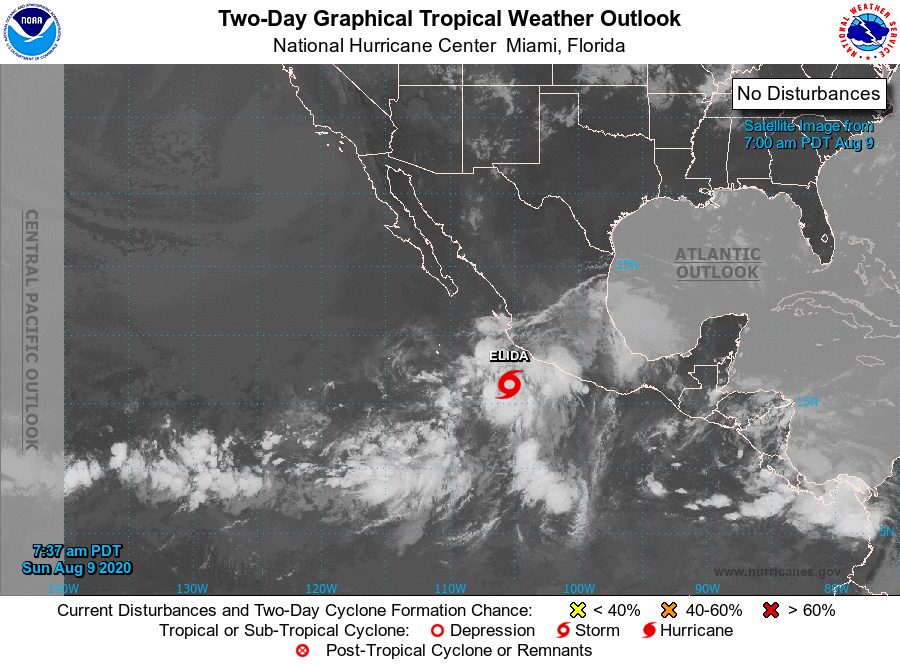
For the eastern North Pacific...east of 140 degrees west longitude:

The National Hurricane Center is issuing advisories on recently upgraded Tropical Storm Elida, located a couple of hundred miles south of the southwest coast of Mexico.

1. An area of low pressure will likely form over the far western portion of the eastern Pacific basin later this week. Environmental conditions are expected to be generally conducive for gradual development while the system moves slowly westward.
* Formation chance through 48 hours...low...near 0 percent.
* Formation chance through 5 days...low...30 percent.

2. Another area of low pressure is expected to form offshore of the southwestern coast of Mexico by the middle of the week. Some development is possible thereafter as the system moves generally west-northwestward.
* Formation chance through 48 hours...low...near 0 percent.
* Formation chance through 5 days...low...30 percent.

Public Advisories on Tropical Storm Elida are issued under WMO header WTPZ34 KNHC and under AWIPS header MIATCPEP4. Forecast/Advisories on Tropical Storm Elida are issued under WMO header WTPZ24 KNHC and under AWIPS header MIATCMEP4.

Forecaster Cangialosi